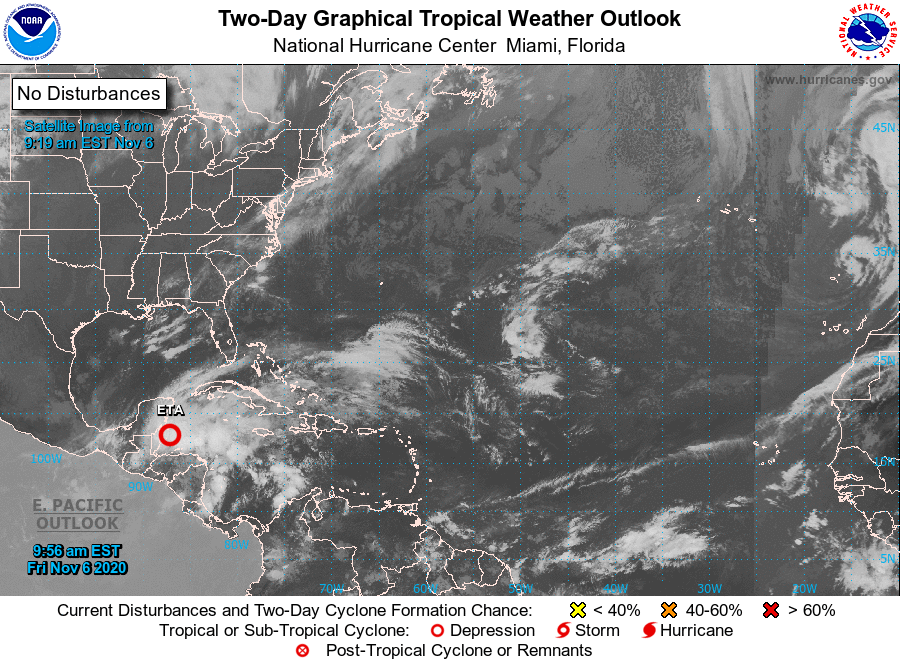
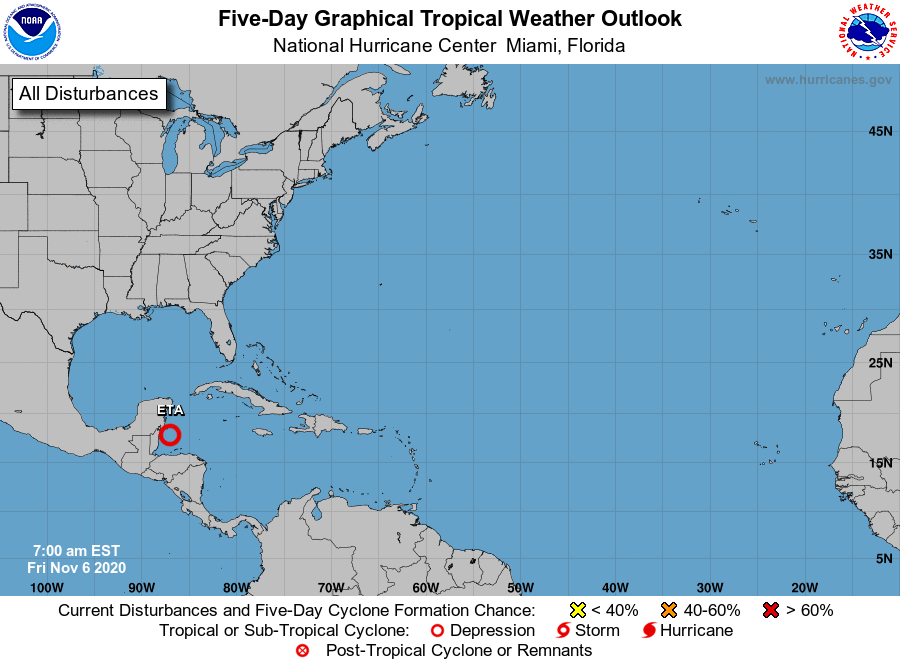
For the North Atlantic...Caribbean Sea and the Gulf of Mexico:

The National Hurricane Center is issuing advisories on Tropical Depression Eta, located in the Northwest Caribbean Sea a few hundred miles west-southwest of Grand Cayman Island.

Tropical cyclone formation is not expected during the next 5 days.

Forecaster Papin/Zelinsky